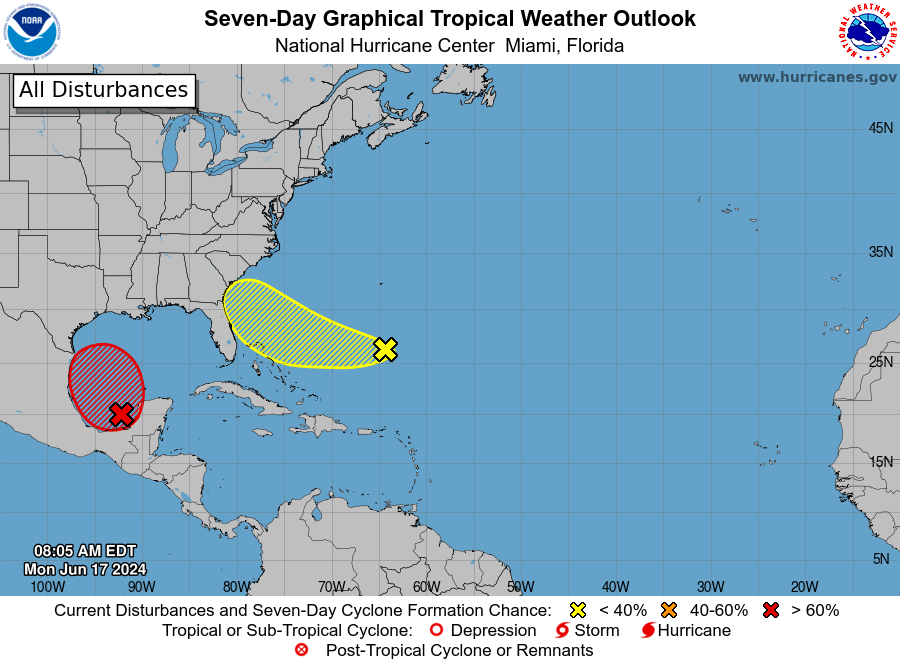
For the North Atlantic...Caribbean Sea and the Gulf of Mexico:

1. Satellite imagery and surface observations indicate that a broad area of low pressure is forming over the Bay of Campeche. Environmental conditions appear conducive for additional gradual development, and a tropical depression or tropical storm is likely to form by midweek while it moves slowly westward or west-northwestward toward the western Gulf coast.

Regardless of development, several days of heavy rainfall are expected across portions of southern Mexico and Central America, and these rains are likely to cause life-threatening flooding and flash flooding. Locally heavy rainfall is also expected to spread over portions of the northwestern coast of the Gulf of Mexico by the middle of the week. In addition, gale warnings have been issued for portions of the Gulf of Mexico, and more information on those warnings is available in High Seas Forecasts issued by the National Weather Service. Interests along the western and northwestern Gulf coasts should monitor the progress of this system. An Air Force Reserve Hurricane Hunter aircraft is scheduled to investigate the system later today.
* Formation chance through 48 hours...high...70 percent.
* Formation chance through 7 days...high...70 percent.

2. Southwestern Atlantic Ocean: An area of cloudiness and thunderstorms located several hundred miles east of the Bahamas is associated with a surface trough and an upper-level area of low pressure. Environmental conditions could be conducive for some development of this system during the next few days while it moves westward or west-northwestward. The system is forecast to approach the coast of the southeast United States on Thursday or Friday.
* Formation chance through 48 hours...low...10 percent.
* Formation chance through 7 days...low...30 percent.

High Seas Forecasts issued by the National Weather Service can be found under AWIPS header NFDHSFAT1, WMO header FZNT01 KWBC, and online at ocean.weather.gov/shtml/NFDHSFAT1.php

Forecaster Beven